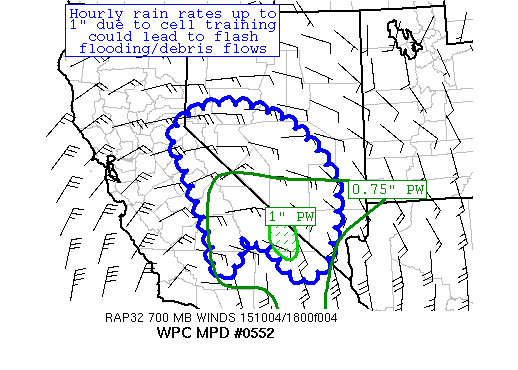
AREAS AFFECTED...PORTIONS OF SOUTHEAST CA/SOUTHWEST NV

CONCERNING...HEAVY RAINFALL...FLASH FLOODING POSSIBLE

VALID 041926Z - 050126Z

SUMMARY...CONVECTIVE DEVELOPMENT CONTINUES NEAR A DEEP CYCLONE
ACROSS SOUTHWEST CA.  WITH LOCAL AMOUNTS OF ~1.5" EXPECTED IN AN
ARID REGION, FLASH FLOODING/DEBRIS FLOWS ARE POSSIBLE.

DISCUSSION...SATELLITE IMAGERY HAS SHOWN CONVECTIVE ENHANCEMENT
AROUND AN DEEP-LAYERED LOW ACROSS SOUTHWEST CA.  OBSERVATIONS FROM
TONOPAH NV, WITHIN A RADAR COVERAGE GAP, INDICATE 1.17" OF RAIN
HAS FALLEN OVER THE PAST SIX HOURS, BEYOND THE 10 YEAR RECURRENCE
INTERVAL.  PRECIPITABLE WATER VALUES ARE 0.75-1", SUFFICIENT FOR
HEAVY RAIN ISSUES WITHIN AREAS OF TERRAIN.  THE FLOW IS
UNIDIRECTIONAL OUT OF THE SOUTH, IMPLYING CELL TRAINING WOULD BE
THE MAIN FLASH FLOOD THREAT, WITH 700 HPA/CLOUD BASE INFLOW OF
20-30 KTS PER VAD WIND PROFILES AND RAP MASS FIELD FORECASTS.
MLCAPES ARE ROUGHLY 500 J/KG, AND SHOW AN INCREASING TREND WITHIN
SPC MESOANALYSES NEAR THE NV/CA/AZ BORDER JUNCTION.

CAM GUIDANCE SUGGESTS LOCAL AMOUNTS OF 1-2" ARE POSSIBLE THROUGH
01Z AS AVAILABLE INSTABILITY AND LOW-LEVEL INFLOW INCREASES INTO
THE EVENING HOURS.  THESE AMOUNTS WOULD REACH THE ONCE IN 25 YEAR
RECURRENCE INTERVAL, STRONGLY SUGGESTING A FLASH FLOOD RISK.  THE
THREE HOUR NEIGHBORHOOD PROBABILITIES FOR EXCEEDING THE FLASH
FLOOD GUIDANCE VALUES SUGGEST A RISK THROUGH 02Z, SO USED A SIX
HOUR WINDOW.  FLASH FLOODING, WITH ASSOCIATED DEBRIS FLOWS, ARE
POSSIBLE WITHIN THESE NORMALLY ARID AREAS.